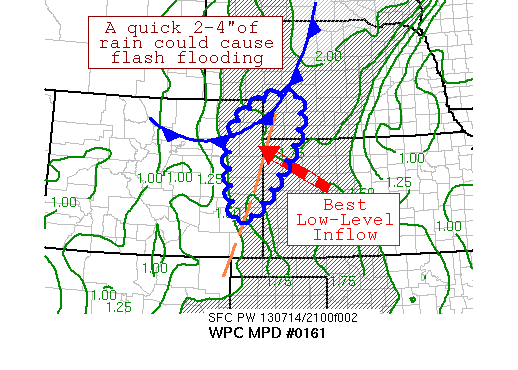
AREAS AFFECTED...SOUTHWEST NE...EASTERN CO...NORTHWEST KS

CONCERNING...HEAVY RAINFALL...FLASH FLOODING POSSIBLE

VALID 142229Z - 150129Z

SUMMARY...AN AREA OF THUNDERSTORMS ACROSS SOUTHWEST NE AND
NORTHWEST KS IS SHOWING SIGNS OF BACKBUILDING AS OF LATE WHICH IS
ALLOWING THE CONVECTION TO ALIGN NORTHEAST-SOUTHWEST, SIMILAR TO
ITS FORWARD PROGRESSION.  FLASH FLOODING IS POSSIBLE IN THIS
REGION DUE TO CELL TRAINING.

DISCUSSION...AN AREA OF THUNDERSTORMS HAS BEEN GROWING IN COVERAGE
ACROSS NORTHEAST CO, SOUTHWEST NE, AND NORTHWEST KS AS CELLS HAVE
BEGUN BACKBUILDING INTO AN UNSTABLE AIRMASS ACROSS NE WITH CAPE
VALUES OF 1000-1500 J/KG.  LOW-LEVEL INFLOW INTO THE REGION IS NOT
ESPECIALLY IMPRESSIVE, AROUND 20 KNOTS AT THE 850 HPA AND 700 HPA
LEVELS.  THE ACTIVITY IS FOCUSING ALONG A PRE-FRONTAL INVERTED
TROUGH ACROSS THE CENTRAL HIGH PLAINS.  PRECIPITABLE WATER VALUES
OF AROUND 1.75 INCHES ARE POOLED NEAR THE BOUNDARY.  FLASH FLOOD
GUIDANCE VALUES ARE IN THE 2.5-3 INCH PER THREE HOUR RANGE.  THE
18Z HRRR GUIDANCE INDICATES THE ACTIVITY SHOULD KEEP GOING UNTIL
AROUND 01Z/8 PM CDT.  AS CELL TRAINING ACROSS THE REGION IS
BECOMING INCREASINGLY LIKELY, THINK A QUICK 2-4 INCHES OF RAIN
COULD CAUSE FLASH FLOODING ACROSS THE REGION OVER THE NEXT FEW
HOURS.